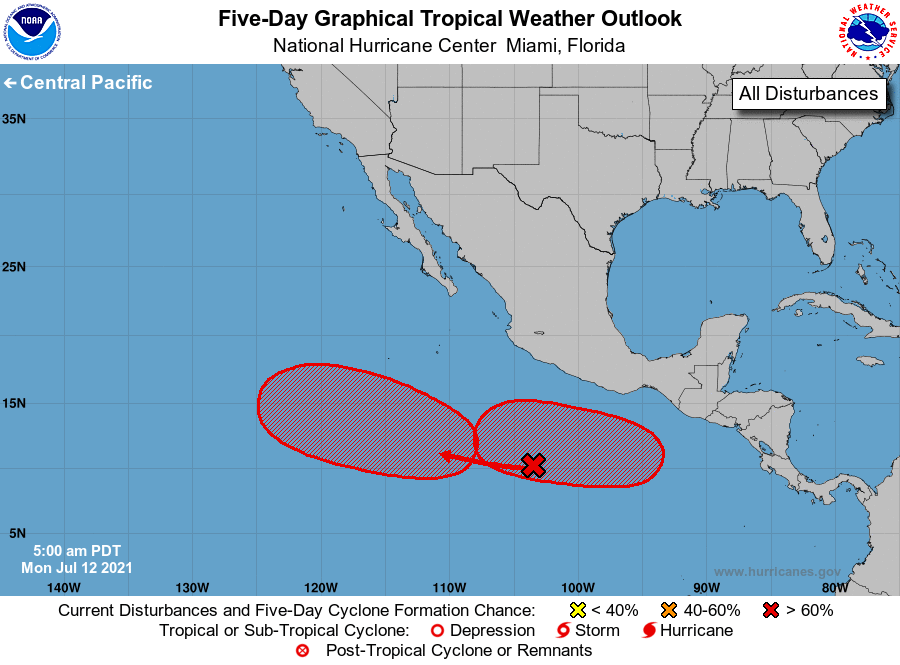
For the eastern North Pacific...east of 140 degrees west longitude:

1. A broad area of low pressure located several hundred miles south-southwest of Acapulco, Mexico, is producing disorganized shower and thunderstorm activity. Environmental conditions are expected to remain conducive for gradual development, and a tropical depression is likely form within a few days well offshore the southwestern coast of Mexico while the disturbance moves westward to west-northwestward at 10 to 15 mph.
* Formation chance through 48 hours...low...30 percent.
* Formation chance through 5 days...high...70 percent.

2. An area of low pressure is forecast to develop south of the Gulf of Tehuantepec later this week and move westward or west-northwestward at 10 to 15 mph, well offshore of the southern coast of Mexico. Environmental conditions are expected to be favorable for development of this system, and a tropical depression is likely to form by this weekend.
* Formation chance through 48 hours...low...near 0 percent.
* Formation chance through 5 days...high...70 percent.

Forecaster Brown